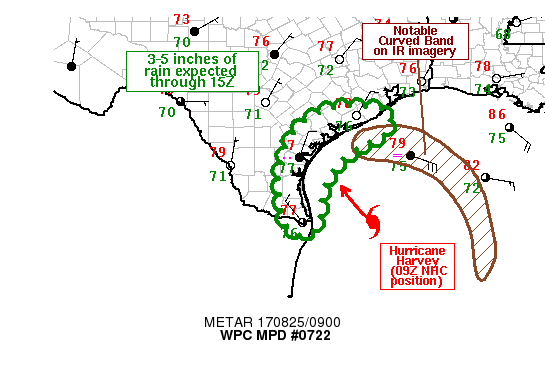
AREAS AFFECTED...MIDDLE AND LOWER TX COAST

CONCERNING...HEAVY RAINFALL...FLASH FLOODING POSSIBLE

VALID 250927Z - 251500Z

SUMMARY...RAINFALL RATES NEAR 3 IN/HR WILL BE POSSIBLE ALONG
PORTIONS OF THE LOWER AND MIDDLE TX COAST IN ADVANCE OF HURRICANE
HARVEY THROUGH 15Z. WHILE TRAINING IS NOT EXPECTED TO BE
WIDESPREAD...FLASH FLOODING WILL BE POSSIBLE WHERE TRAINING
PERSISTS.

DISCUSSION...REGIONAL RADAR IMAGERY SHOWED THAT THE INITIAL OUTER
SPIRAL BANDS ASSOCIATED WITH HURRICANE HARVEY HAVE REACHED THE
LOWER AND MIDDLE TX COASTLINE. KCRP RADAR IMAGERY INDICATED
TRAINING ACROSS PORTIONS OF ARANSAS AND MATAGORDA ISLAND NATIONAL
WILDLIFE REFUGES WITH DUAL POL ESTIMATES NEAR 2 IN/HR ENDING AT
08Z. THE CLOSEST OBSERVATION FOUND NEAR THIS AREA OF TRAINING
COMES FROM A WUNDERGROUND.COM REPORTING STATION WITH RAINFALL OF
0.4 TO 0.5 INCHES IN 10-15 MINUTE CHUNKS OF TIME AS THE OUTER BAND
MOVED ACROSS. IR SATELLITE IMAGERY BETWEEN 08-09Z ALSO NOTED
ENHANCED OUTFLOW TO THE NORTH OF HARVEY WITH A PROMINENT CURVED
BAND FEATURE LOCATED TO THE NORTH AND EAST OF THE CENTER OF HARVEY.

AS HURRICANE HARVEY MOVES CLOSER TO LAND OVER THE NEXT 6
HOURS...SPIRAL BANDS WITHIN THE FRONT-RIGHT QUADRANT WILL CONTINUE
TO MOVE ACROSS THE TX COAST WITH THE GREATEST POTENTIAL FOR
TRAINING/STALLING OF THESE BANDS OCCURRING ALONG THE MIDDLE TX
COAST TIED TO THE ORIENTATION OF THE RAIN BANDS TO THE COAST AND
FRICTIONAL CONVERGENCE NOTED IN SURFACE OBSERVATIONS.

FARTHER DOWN THE TX COAST...STEADIER HEAVY RAINFALL LOCATED
BETWEEN THE OUTER SPIRAL BANDS AND THE EYEWALL OF HARVEY VISIBLE
ON KBRO RADAR SHOULD BEGIN TO IMPACT THE LOWER COAST BY 15Z.
TRAINING FROM NORTH TO SOUTH WITH RAINFALL RATES APPROACHING 3
IN/HR COULD CAUSE FLASH FLOODING IN A FEW LOCATIONS FROM THE LOWER
TO MIDDLE TEXAS COAST WITH 3-5 INCHES ANTICIPATED BY 15Z IN A
COUPLE OF LOCATIONS.